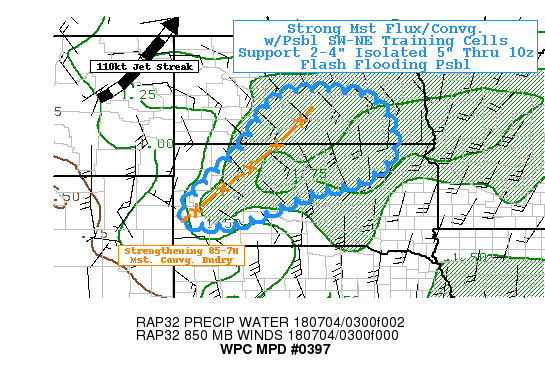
AREAS AFFECTED...WESTERN AND NORTHERN SD...SOUTH CENTRAL ND...

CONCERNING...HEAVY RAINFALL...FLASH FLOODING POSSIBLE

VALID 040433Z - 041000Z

SUMMARY...GROWING TREND FOR SW-NE ORIENTED MST
CONVERGENCE/TRAINING CORRIDOR ACROSS SD INTO S ND POSING POSSIBLE
FLASH FLOODING OVERNIGHT.

DISCUSSION...VWP FROM BIS SHOWS RECENT VEERING OF THE FLOW ABOVE
THE BOUNDARY LAYER WITH SLOW INCREASE FROM 20S TO 30KTS FROM THE
SOUTH...THIS ALONG WITH LNX INCREASING TO 40KTS SHOWS THE LLJ WELL
BEGINNING LEADING TO INCREASED MST CONVERGENCE ALONG THE SW TO NE
ORIENTED 850-7H BOUNDARY.  WHILE DEEPEST INSTABILITY WELL EXISTS
FURTHER SOUTHEAST WITH MU CAPES STILL OVER 5000+ J/KG PER RAP
ANALYSIS FROM THE UPPER 70S TDS...IT IS SHOWING SIGNS OF NORTHWARD
AND SLOW WESTWARD SHIFT PER GOES CAPE/LI IMAGERY LOOP.  THE
STRENGTHENED MOISTURE CONVERGENCE AND SLIGHTLY FASTER THAN
EXPECTED HEIGHT-FALLS ALONG SOUTHEAST PERIPHERY OF 110KT 250MB JET
AXIS OVER NE MT/W ND HAS AIDED RECENT RAPID CONVECTIVE DEVELOPMENT
WITH COOLING TOPS FROM MCLEAN,ND TO ZIEBACH,SD COUNTY WITH TOPS
NEARING -70C.  AS THE JET STREAK EXITS, THE 850-7H FRONTAL
BOUNDARY FLATTENS FURTHER FROM CONVECTIVE COMPLEX NEAR/SOUTH OF
THE BLACK HILLS TOWARD THE CENTER OF THE ND/SD BORDER...LEADING TO
POTENTIAL FOR SOME CELLS TO TRAIN OR CROSS TRACK ESPECIALLY IN
CENTRAL AND NORTHERN SD WHERE MID-LEVEL FLOW IS SLIGHTLY WEAKER.
STILL MEAN CELL MOTIONS WILL BE 30KTS TO THE NORTH OF THE LINE AND
CLOSER TO 20KTS ALONG THE SW TRAILING EDGE.  WITH INCREASED
MOISTURE CONVERGENCE FROM SSELY LLJ SLOWLY VEERING TO SOUTH AND
SSW TOWARD 07-09Z...TPWS WILL CLIMB FROM 1.5 TOWARD 1.75 AND NEAR
2" OVER NE SD ALLOWING FOR MORE EFFICIENT RAIN GENERATION WITH
RATES UP TO 2"/HR BECOMING INCREASINGLY MORE LIKELY WITH TIME.
THOUGH ANGLE OF INTERSECTION WILL REDUCE WITH THE VEERING OF THE
LLJ TO THE BOUNDARY AFTER 7Z...CELLS PARTICULARLY ON THE SW EDGE
WILL STILL RECEIVE SOLID MOISTURE FLUX TO MAINTAIN HEAVY RAINFALL
THREAT THROUGH EARLY MORNING HOURS.

HI-RES GUIDANCE IS SLOW OVERALL WITH MOST GUIDANCE DELAYED IN THE
CURRENT DEVELOPMENT BY AT LEAST AN HOUR OR SO AND SOME GUIDANCE
LIKE THE NMMB ARE WEST BY AN HOUR AS WELL.  THE CLOSEST GUIDANCE
APPEARS TO BE THE HRRRV3 BUT STILL IS APPEARS A BIT SLOW BUT ALSO
SHOWS GREATER W-E ORIENTATION OF THE FORECAST QPF WITH TOTALS IN
THE 3-5" MAXIMIZED IN NORTH CENTRAL SD...WHICH HAS BEEN A TREND IN
THE OPERATIONAL HRRR AS WELL.  WHILE THE EXACT PLACEMENT REMAINS
UNCERTAIN IN THE GUIDANCE...CURRENT TRENDS WOULD SUGGEST A CENTRAL
PENNINGTON, SD TO LOGAN, ND COUNTY AXIS IS MOST LIKELY WITH
SIMILAR TOTALS SUGGESTED OF 2-4" ISOLATED 5" BY A GOOD MAJORITY OF
THE HI-RES CAMS. WHILE THIS DOES NOT ALIGN WITH THE LOWEST FFG
VALUES THERE ARE MODERATE NEIGHBORHOOD PROBABILITIES TO EXCEED FFG
VALUES AND SUGGEST FLASH FLOODING IS POSSIBLE ACROSS THE
DISCUSSION AREA THROUGH 10Z.